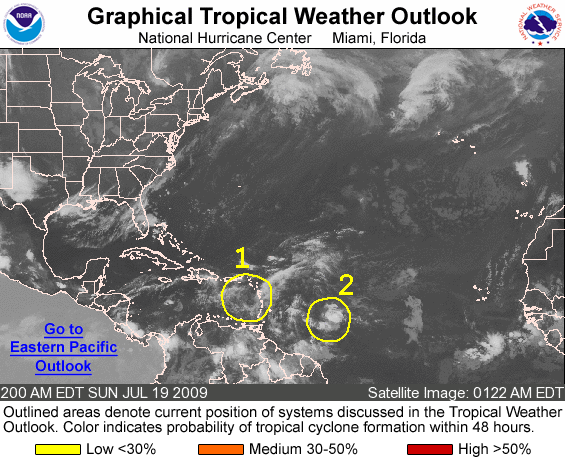
FOR THE NORTH ATLANTIC...CARIBBEAN SEA AND THE GULF OF MEXICO...

1. A TROPICAL WAVE OVER THE EASTERN CARIBBEAN SEA IS PRODUCING DISORGANIZED SHOWERS AND THUNDERSTORMS AS IT MOVES WEST- NORTHWESTWARD AT ABOUT 15 MPH. WHILE RAINFALL ASSOCIATED WITH THE WAVE MAY BE LOCALLY HEAVY AT TIMES...UPPER-LEVEL WINDS REMAIN UNFAVORABLE FOR SIGNIFICANT DEVELOPMENT OF THE SYSTEM. THERE IS A LOW CHANCE...LESS THAN 30 PERCENT...OF THIS SYSTEM BECOMING A TROPICAL CYCLONE DURING THE NEXT 48 HOURS.

2. SHOWER ACTIVITY ASSOCIATED WITH A TROPICAL WAVE LOCATED ABOUT 900 MILES EAST OF THE WINDWARD ISLANDS HAS INCREASED A LITTLE THIS EVENING. HOWEVER...UPPER-LEVEL WINDS ARE NOT FAVORABLE FOR SIGNIFICANT DEVELOPMENT AT THIS TIME. THERE IS A LOW CHANCE...LESS THAN 30 PERCENT...OF THIS SYSTEM BECOMING A TROPICAL CYCLONE DURING THE NEXT 48 HOURS.

ELSEWHERE...TROPICAL CYCLONE FORMATION IS NOT EXPECTED DURING THE NEXT 48 HOURS.

FORECASTER BEVEN